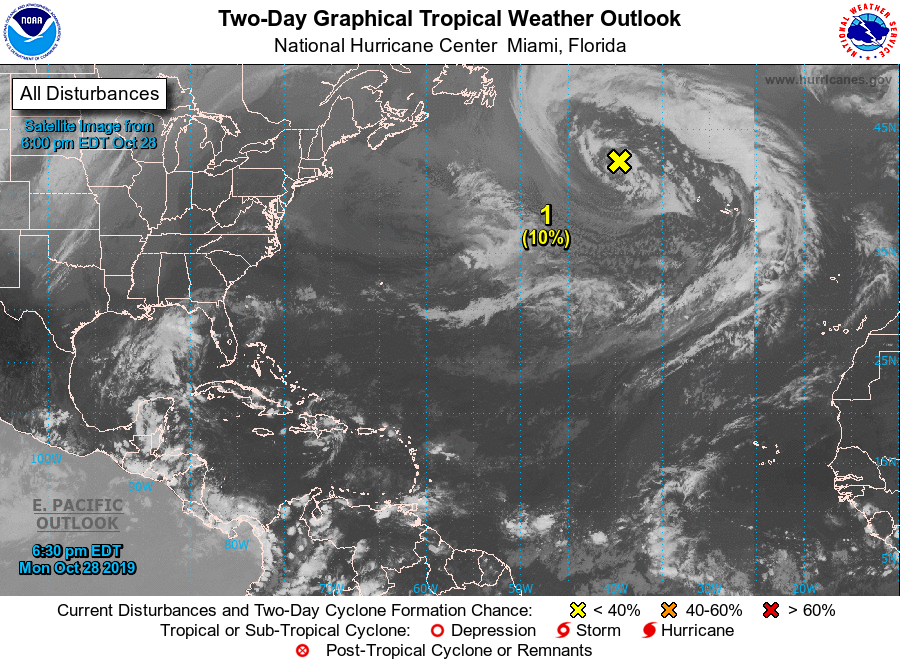
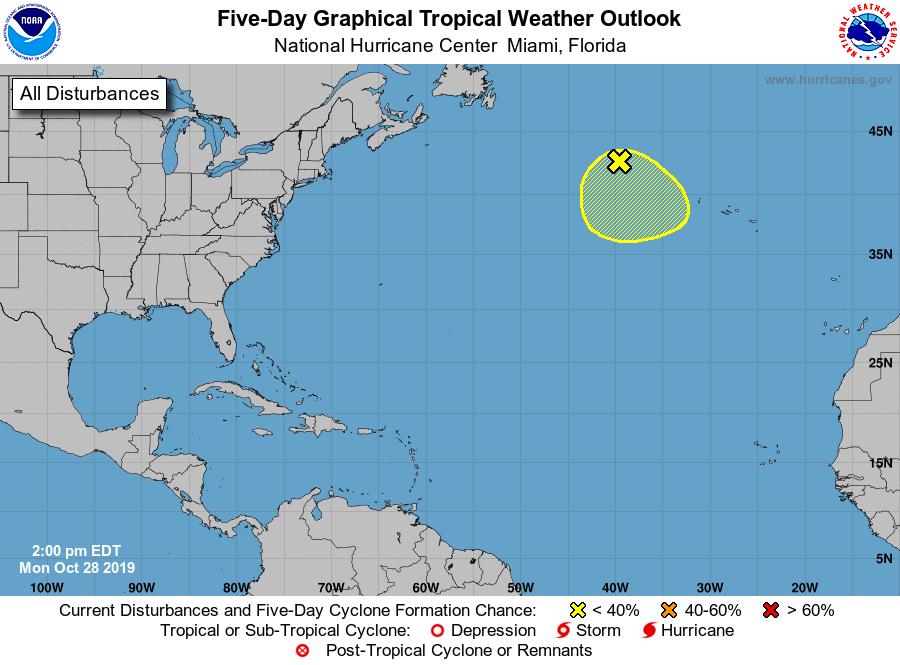
For the North Atlantic...Caribbean Sea and the Gulf of Mexico:

The National Hurricane Center has issued the last advisory on Post-Tropical Cyclone Pablo, located several hundred miles northeast of the Azores.

1. A large non-tropical low pressure system located several hundred miles west-northwest of the Azores is producing a broad area of gale-force to hurricane-force winds. The low could gradually acquire some subtropical characteristics over the next few days while it moves slowly southward to southeastward over warmer water. Environmental conditions are expected to become unfavorable for any further development by Friday when the low is forecast to move back over colder water. For more information, see High Seas Forecasts issued by the National Weather Service.
* Formation chance through 48 hours...low...10 percent.
* Formation chance through 5 days...low...20 percent.

High Seas Forecasts issued by the National Weather Service can be found under AWIPS header NFDHSFAT1, WMO header FZNT01 KWBC, and online at ocean.weather.gov/shtml/NFDHSFAT1.php.

Forecaster Latto